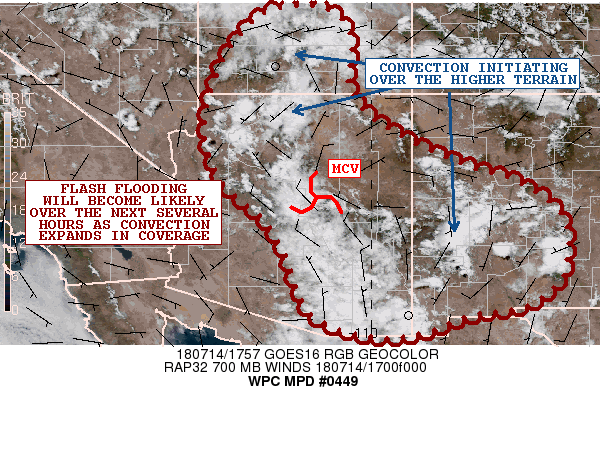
AREAS AFFECTED...SOUTHERN UT...AZ...WEST-CENTRAL AND SOUTHERN NM

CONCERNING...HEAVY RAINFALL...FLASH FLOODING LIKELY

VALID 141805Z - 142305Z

SUMMARY...SLOW-MOVING SHOWERS AND THUNDERSTORMS TO BECOME MORE
NUMEROUS GOING THROUGH THE AFTERNOON HOURS. HEAVY RAINFALL RATES
ARE LIKELY TO RESULT IN SOME FLASH FLOODING.

DISCUSSION...THE LATEST GOES-16 VISIBLE IMAGERY HAS BEEN SHOWING A
GRADUAL EROSION OF SOME OF THE LOW LEVEL CLOUDINESS ACROSS AREAS
OF SOUTHERN UT AND DOWN THROUGH CENTRAL AND SOUTHEAST AZ. THIS IS
ALLOWING FOR SUFFICIENT DIURNAL HEATING FOR AN INCREASE IN
BOUNDARY LAYER INSTABILITY AND EROSION OF LOW LEVEL CINH ACROSS
THE REGION. THE LATEST RAP ANALYSIS SHOWS MLCAPE VALUES OF OVER
1000 J/KG OVER CENTRAL AZ AND IN VICINITY OF A WELL-DEFINED MCV
WHICH IS CENTERED TO A LITTLE SOUTH-SOUTHEAST OF KFLG.
MEANWHILE...THERE HAS BEEN MORE SUNSHINE AND SUBSEQUENT HEATING
FARTHER EAST OVER AREAS OF WEST-CENTRAL TO SOUTHERN NM WHICH IS
SUPPORTING MLCAPE VALUES OF AS MUCH AS 1500 J/KG HERE.

CONVECTION IS ALREADY BEGINNING TO INITIATE OVER THE HIGHER
TERRAIN OF SOUTHERN UT...NORTHERN AZ AND WELL EAST OVER
WEST-CENTRAL TO SOUTHERN NM...AND THIS WILL OCCUR ALSO OVER
CENTRAL AND SOUTHEAST AZ WHERE ADDITIONAL HEATING IN CONJUNCTION
WITH ANOMALOUS MOISTURE AND THE AFOREMENTIONED MCV WILL SUPPORT
CONVECTION INTENSIFYING AND EXPANDING IN COVERAGE OVER THE NEXT
COUPLE OF HOURS. OROGRAPHIC FORCING WILL AGAIN TEND TO FOCUS THE
CONVECTION...AND WITH VERY WEAK FLOW ALOFT...THE CELL MOTIONS WILL
BE VERY SLOW WHICH WILL SET THE STAGE FOR LOCALLY VERY HEAVY
RAINFALL TOTALS.

PWATS ACROSS THE REGION ARE NEAR 1.75 INCHES ACROSS SOUTHERN AZ
AND AREAWIDE THE PWAT ANOMALIES ARE 2 TO 3 SIGMAS ABOVE
NORMAL...WITH THE HIGHEST ANOMALIES OVER SOUTHERN UT. EXPECT
HIGHLY EFFICIENT RAINFALL PROCESSES FOR ENHANCED RAINFALL RATES
THAT WILL LOCALLY EXCEED 2 INCHES/HR.

THE HIRES MODEL GUIDANCE FROM 12Z IS IN RATHER GOOD AGREEMENT ON
WIDESPREAD COVERAGE OF SHOWERS AND THUNDERSTORMS GOING THROUGH THE
AFTERNOON HOURS...WITH STORM TOTALS OF AS MUCH AS 2 TO 3 INCHES.
MUCH OF THE CONVECTION TO TEND TO BE OF THE PULSE TYPE...BUT SOME
LOCALLY MORE ORGANIZED MULTI-CELL CONVECTION IS EXPECTED WHERE
CONVECTIVELY INDUCED OUTFLOW BOUNDARIES EVOLVE AND INTERACT WITH
EACH OTHER.

THE CONCERN AGAIN WILL BE FOR INTENSE SHORT-TERM RAINFALL RATES
WHICH WILL LIKELY RESULT IN SOME AREAS OF FLASH FLOODING. MORE
SUSCEPTIBLE AREAS WILL INCLUDE SLOT-CANYONS...DRY WASHES AND BURN
SCARS ALONG WITH AREAS ADJACENT AND DOWNSTREAM FROM THESE
LOCATIONS.